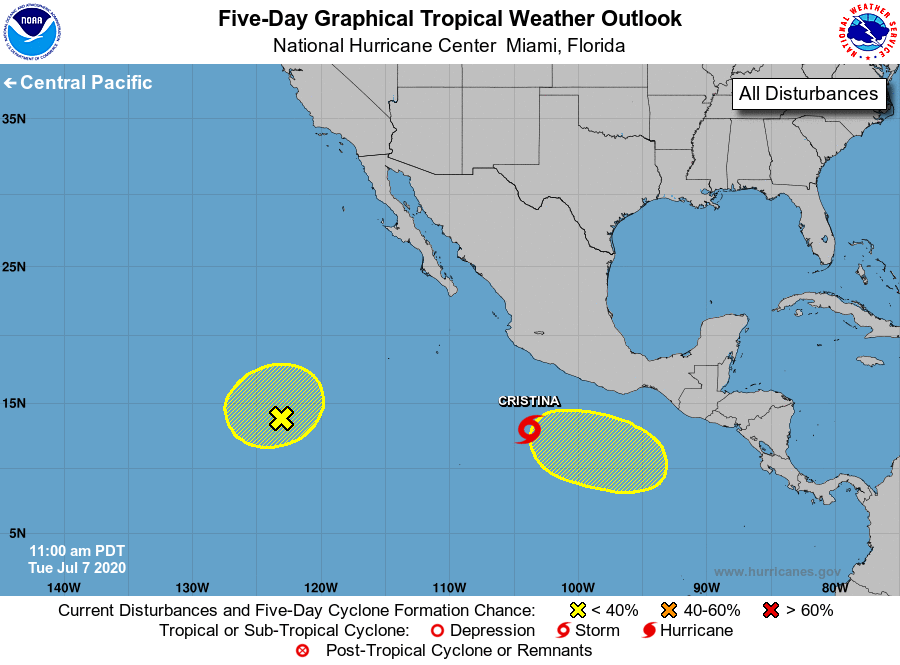
For the eastern North Pacific...east of 140 degrees west longitude:

The National Hurricane Center is issuing advisories on Tropical Storm Cristina, located several hundred miles south-southeast of Manzanillo, Mexico.

1. An elongated area of low pressure located about 1000 miles southwest of the southern tip of the Baja California peninsula is producing a large area of disorganized showers and thunderstorms. Some slow development of this system is possible over the next few days while it drifts generally northward. By late this week, environmental conditions are expected to become unfavorable for further development.
* Formation chance through 48 hours...low...20 percent.
* Formation chance through 5 days...low...30 percent.

2. An area of low pressure is forecast to form south of the Gulf of Tehuantepec late this week. Environmental conditions are expected to be conducive for subsequent gradual development this weekend while the system moves westward well south of the coast of Mexico.
* Formation chance through 48 hours...low...near 0 percent.
* Formation chance through 5 days...low...30 percent.

Public Advisories on Tropical Storm Cristina are issued under WMO header WTPZ35 KNHC and under AWIPS header MIATCPEP5. Forecast/Advisories on Tropical Storm Cristina are issued under WMO header WTPZ25 KNHC and under AWIPS header MIATCMEP5.

Forecaster Brown